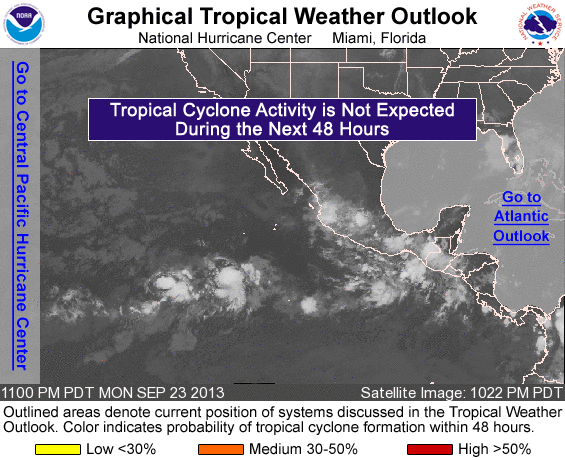
FOR THE EASTERN NORTH PACIFIC...EAST OF 140 DEGREES WEST LONGITUDE..

TROPICAL STORM FORMATION IS NOT EXPECTED DURING THE NEXT 48 HOURS.

OTHER SYSTEMS WITH FORMATION POTENTIAL BEYOND 48 HOURS...

AN AREA OF LOW PRESSURE IS EXPECTED TO FORM OFF OF THE SOUTHWESTERN COAST OF MEXICO BY THE END OF THE WEEK. AFTER THAT...ENVIRONMENTAL CONDITIONS SHOULD BE AT LEAST MARGINALLY CONDUCIVE FOR ADDITIONAL DEVELOPMENT OF THE LOW AS IT MOVES WESTWARD TO WEST-NORTHWESTWARD. THIS SYSTEM HAS A LOW CHANCE...NEAR 0 PERCENT...OF BECOMING A TROPICAL CYCLONE DURING THE NEXT 48 HOURS...AND A LOW CHANCE...20 PERCENT...OF BECOMING A TROPICAL CYCLONE DURING THE NEXT 5 DAYS.

&&
FIVE-DAY FORMATION PROBABILITIES ARE EXPERIMENTAL IN 2013. COMMENTS ON THE EXPERIMENTAL FORECASTS CAN BE PROVIDED AT...

HTTP://WWW.NWS.NOAA.GOV/SURVEY/NWS-SURVEY.PHP?CODE=ETWO

FORECASTER STEWART